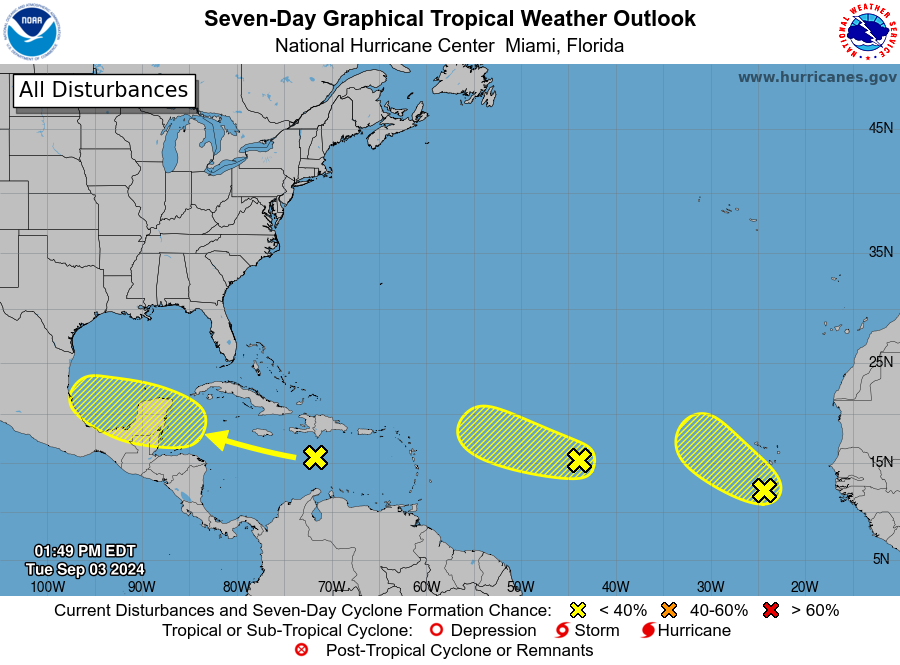
For the North Atlantic...Caribbean Sea and the Gulf of Mexico:

1. Caribbean Sea: A tropical wave is producing disorganized showers and thunderstorms over Hispaniola and portions of the central Caribbean Sea. As this system moves westward, some development is possible when it reaches the western Caribbean Sea and the southwestern Gulf of Mexico late this week or over the weekend.
* Formation chance through 48 hours...low...near 0 percent.
* Formation chance through 7 days...low...30 percent.

2. Eastern Tropical Atlantic Ocean: A tropical wave over the far eastern Atlantic is producing disorganized shower activity. Some slow development of this system is possible during the next few days as it moves west-northwestward or northwestward over the eastern tropical Atlantic Ocean. Environmental conditions are expected to become less conducive by the end of the week. This system could produce locally heavy rains and gusty winds across portions of the Cabo Verde Islands in a day or two.
* Formation chance through 48 hours...low...20 percent.
* Formation chance through 7 days...low...30 percent.

3. Central Tropical Atlantic Ocean: Another tropical wave located about midway between the west coast of Africa and the Lesser Antilles is producing disorganized showers and thunderstorms. Some slow development is possible during the next couple of days while the system moves west-northwestward. By the end of the week, however, environmental conditions are expected to become unfavorable for additional development.
* Formation chance through 48 hours...low...10 percent.
* Formation chance through 7 days...low...10 percent.

Forecaster Bann/Cangialosi/R. Zelinsky